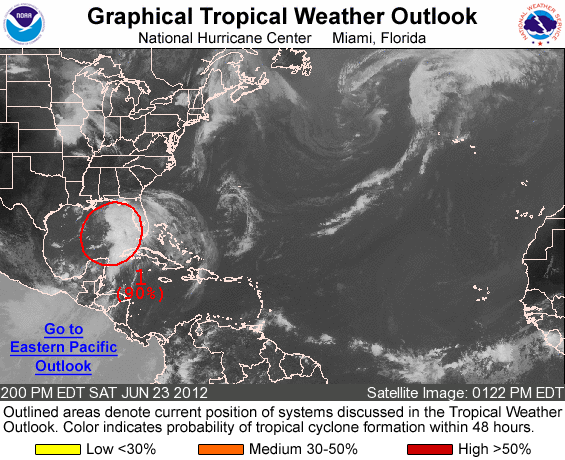
FOR THE NORTH ATLANTIC...CARIBBEAN SEA AND THE GULF OF MEXICO...

1. BUOY OBSERVATIONS...SATELLITE DATA...AND PRELIMINARY RECONNAISSANCE DATA INDICATE THAT A TROPICAL STORM MAY BE FORMING IN THE CENTRAL GULF OF MEXICO ABOUT 250 MILES SOUTH-SOUTHEAST OF THE MOUTH OF THE MISSISSIPPI RIVER. IF THE PLANE IS ABLE TO IDENTIFY A WELL-DEFINED SURFACE WIND CIRCULATION...THEN ADVISORIES WILL BE INITIATED LATER THIS AFTERNOON. THIS SYSTEM HAS A HIGH CHANCE...90 PERCENT...OF BECOMING A TROPICAL CYCLONE AS IT MOVES SLOWLY NORTHWESTWARD DURING THE NEXT 48 HOURS.

TROPICAL STORM WATCHES OR WARNINGS COULD BE REQUIRED FOR A PORTION OF THE NORTHERN GULF COAST LATER TODAY...AND INTERESTS IN THIS AREA SHOULD CONTINUE TO MONITOR THE PROGRESS OF THIS LOW. HEAVY RAINS AND LOCALIZED FLOODING ARE POSSIBLE ACROSS WESTERN CUBA AND MUCH OF FLORIDA OVER THE NEXT DAY OR SO. TROPICAL-STORM-FORCE WINDS ARE ALREADY OCCURRING IN THE EASTERN GULF OF MEXICO.

PLEASE SEE MARINE FORECASTS ISSUED BY THE NATIONAL WEATHER SERVICE FOR ADDITIONAL INFORMATION ON THIS SYSTEM.

ELSEWHERE...TROPICAL CYCLONE FORMATION IS NOT EXPECTED DURING THE NEXT 48 HOURS.

&&
HIGH SEAS FORECASTS ISSUED BY THE NATIONAL WEATHER SERVICE CAN BE FOUND UNDER AWIPS HEADER NFDHSFAT1 AND WMO HEADER FZNT01 KWBC.

FORECASTER BERG/AVILA